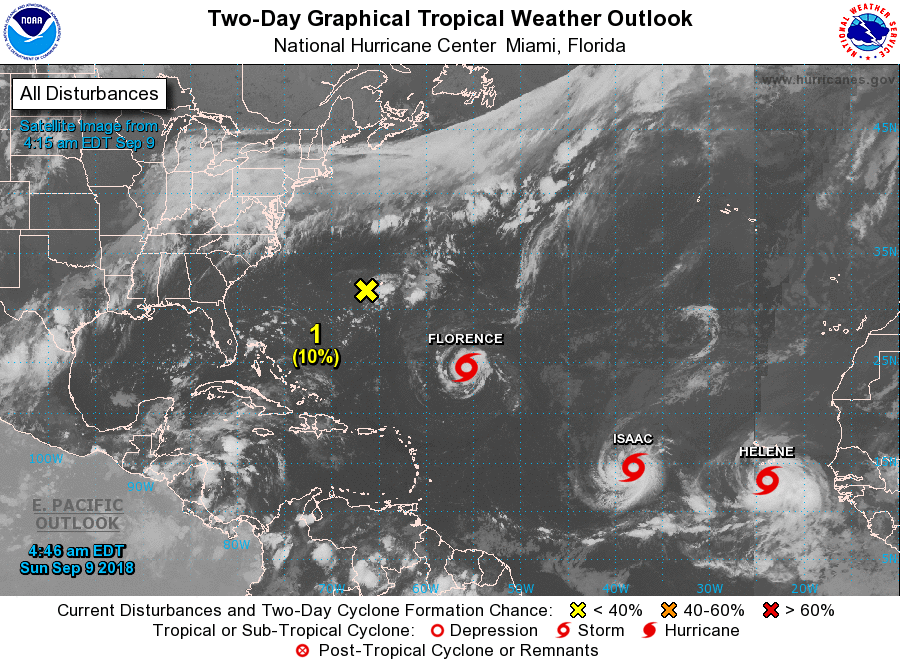
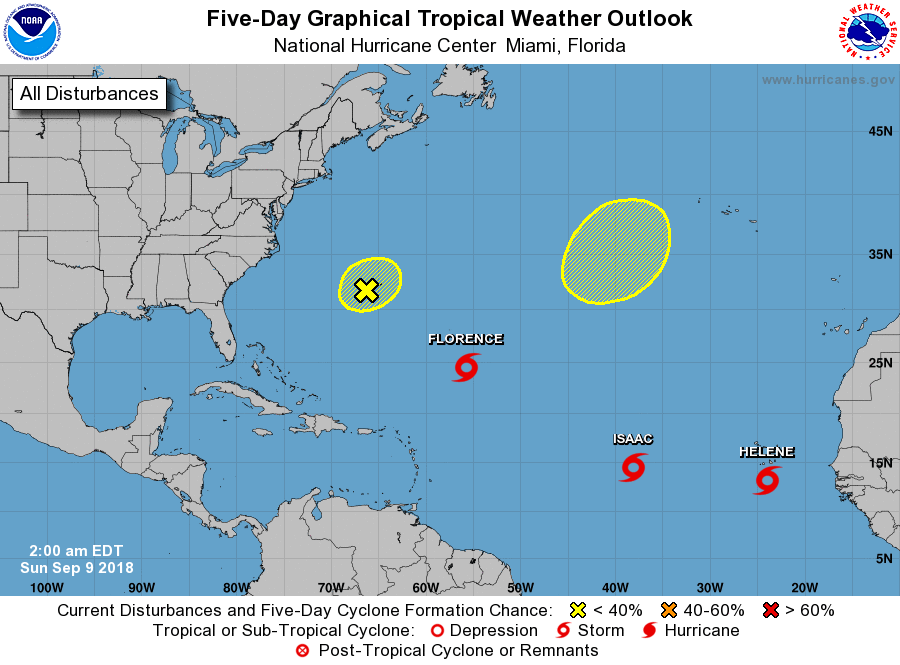
For the North Atlantic...Caribbean Sea and the Gulf of Mexico:

The National Hurricane Center is issuing advisories on Tropical Storm Florence, located over the central Atlantic Ocean, on Tropical Storm Helene, located just southeast of the Cabo Verde Islands, and on Tropical Storm Isaac, located over the eastern Atlantic.

1. A weak area of low pressure located near Bermuda is producing disorganized showers and thunderstorms. Significant development of this system is not expected due to strong upper-level winds. This system is expected to move little during the next couple of days.
* Formation chance through 48 hours...low...10 percent.
* Formation chance through 5 days...low...10 percent.

2. A non-tropical area of low pressure is forecast to form in the northeastern Atlantic Ocean several hundred miles west-southwest of the Azores in a few days. Some slow tropical or subtropical development is possible by the middle of the week while the low meanders.
* Formation chance through 48 hours...low...near 0 percent.
* Formation chance through 5 days...low...30 percent.

Forecaster Cangialosi